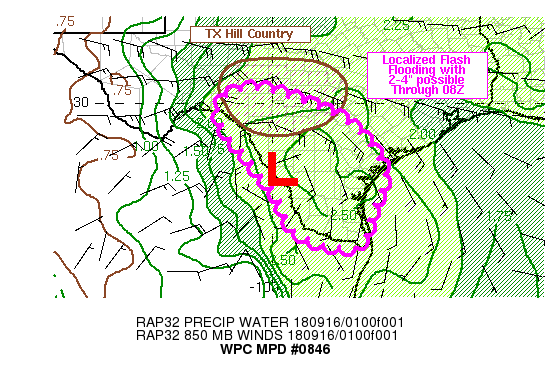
Areas affected...south-central to southern TX

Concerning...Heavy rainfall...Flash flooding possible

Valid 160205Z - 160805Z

Summary...A threat for localized flash flooding will remain over
south-central to southern TX through 08Z. 2 to 4 inch rainfall
maxima may occur which would generate runoff issues given
saturated soils.

Discussion...00Z RAOBs and VAD wind data showed a surface-850mb
low just north of LRD, drifting slowly toward the northwest as of
02Z. Precipitable water values remained rather high for south TX,
2.1 to 2.5 inches or in the 90-95th percentile for mid-September.
20-30 kt 850 mb flow existed from near CRP into the TX Hill
Country (north of the low center near LRD). These values exceeded
850-300 mb mean flow of similar direction to the 850 mb flow which
would support repeating and training cores of heavy rain given
sufficient lift. Aloft, the presence of a 250 mb anticyclone over
east-central TX will help to support some degree of diffluent flow
over south-central TX over the next few hours.  The greatest
limiting factor is MLCAPE, which ranges from roughly 500 to 1000
J/kg (higher values near the coast) and its forecast weakening
into the night. In addition, 850 mb flow is also forecast to
weaken along the middle to lower TX coast by 06Z, reducing
moisture flux across the higher source region of CAPE near the
coast, which is a change from prior nights as the upper low
continues to move west.

While the flash flood threat does not appear to be very high, and
hi-res model support is spotty overnight, soils are saturated
across much of the region given 600+ percent of average rainfall
over the past week translating into a higher risk for flash
flooding for the area. Several smaller scale meso-lows were
observed in radar imagery over south TX which may not be sampled
well by the hi-res guidance or the HRRR, with these features
acting as possible foci for additional bursts of heavy rain over
the next few hours.